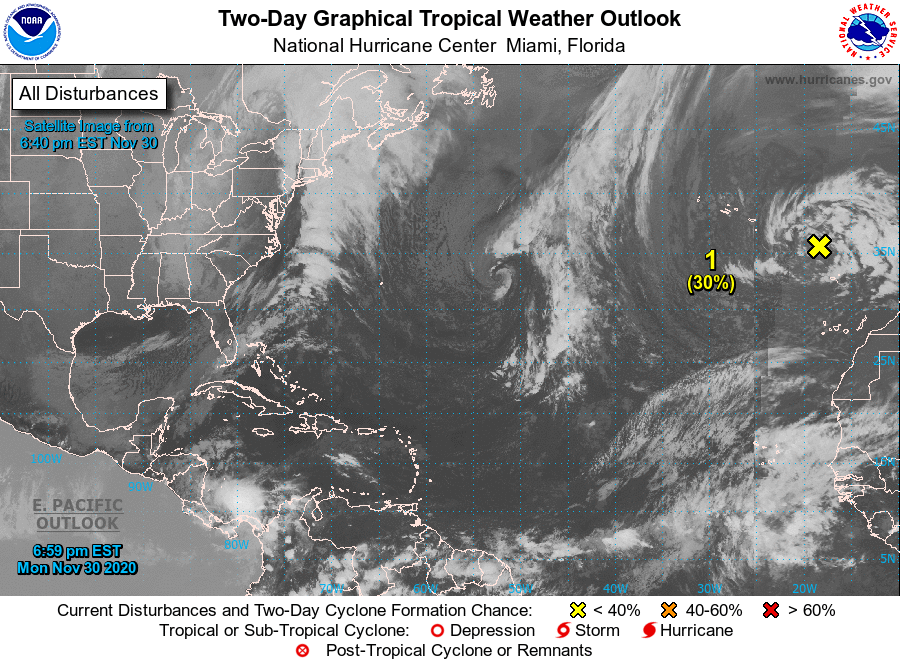
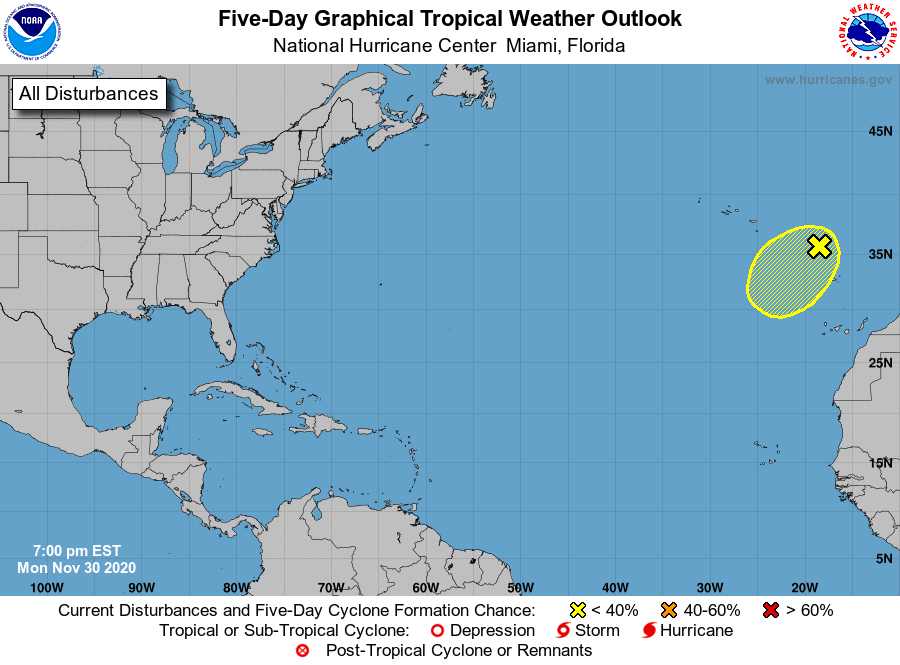
For the North Atlantic...Caribbean Sea and the Gulf of Mexico:

1. A gale-force, non-tropical low pressure system centered a couple of hundred miles north-northwest of the Madeira Islands continues to produce a broad area of showers and thunderstorms well to the east of the center. This low has changed little in organization over the last 24 hours, and environmental conditions are expected to be only marginally conducive for it to acquire subtropical characteristics over the next day or so as it drifts southwestward. Afterwards, conditions are forecast to become unfavorable for further development. Regardless of subtropical development, this system will continue to produce strong winds and locally heavy rains in the Madeira Islands through Tuesday. Additional information on this system can be found in High Seas Forecasts issued by Meteo France.

This is the last regularly scheduled Tropical Weather Outlook of the 2020 Atlantic Hurricane Season. However, a Special Tropical Weather Outlook will be issued to discuss the low over the eastern Atlantic by 1000 AM EST Tuesday, or earlier, if necessary.
* Formation chance through 48 hours...low...30 percent.
* Formation chance through 5 days...low...30 percent.

High Seas Forecasts issued by Meteo France can be found under WMO header FQNT50 LFPW.

Forecaster Reinhart/Cangialosi